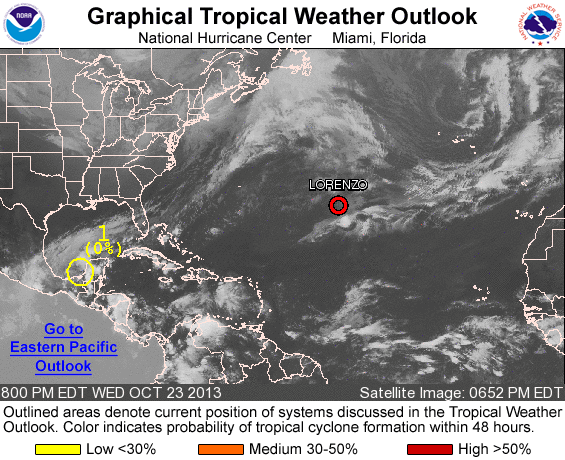
FOR THE NORTH ATLANTIC...CARIBBEAN SEA AND THE GULF OF MEXICO...

THE NATIONAL HURRICANE CENTER IS ISSUING ADVISORIES ON TROPICAL STORM LORENZO...LOCATED OVER THE CENTRAL ATLANTIC OCEAN WELL EAST OF BERMUDA.

1. THE AREA OF DISTURBED WEATHER OVER THE BAY OF CAMPECHE IS BECOMING ASSOCIATED WITH A COLD FRONT. THIS ACTIVITY IS EXPECTED TO DRIFT SOUTHWARD OVER THE NEXT FEW DAYS. THIS SYSTEM HAS A LOW CHANCE... NEAR 0 PERCENT...OF BECOMING A TROPICAL CYCLONE DURING THE NEXT 48 HOURS AND A LOW CHANCE...NEAR 0 PERCENT...OF BECOMING A TROPICAL CYCLONE DURING THE NEXT 5 DAYS.

FIVE-DAY FORMATION PROBABILITIES ARE EXPERIMENTAL IN 2013. COMMENTS ON THE EXPERIMENTAL FORECASTS CAN BE PROVIDED AT...

HTTP://WWW.NWS.NOAA.GOV/SURVEY/NWS-SURVEY.PHP?CODE=ETWO

FORECASTER AVILA